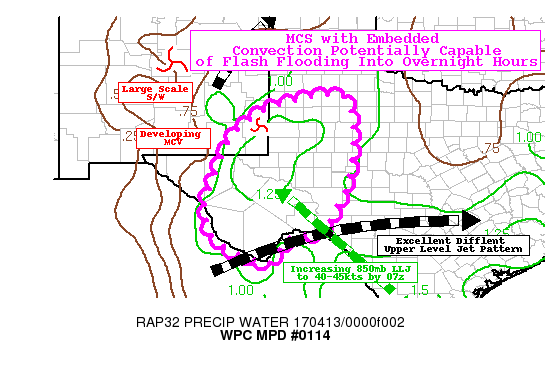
AREAS AFFECTED...WESTERN TX...EXTREME SOUTHEAST NM

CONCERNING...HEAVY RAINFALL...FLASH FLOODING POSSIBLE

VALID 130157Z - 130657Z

SUMMARY...CONGEALING OF MCS ACROSS TRANS-PECOS REGION OF TX/SE NM
WITH INCREASING CONVECTIVE COVERAGE AND RAINFALL EFFICIENCY POSING
POSSIBLE FLASH FLOODING THROUGH EARLY OVERNIGHT HOURS.

DISCUSSION...GOES-E/16 IR LOOP DENOTES INCREASING EXPANSION OF
LARGE MCS CANOPY WITH EMBEDDED OVERSHOOTING TOPS BEGINNING TO
ORIENT IN LINEAR FASHION ACROSS SE NM AND CENTRAL AND EASTERN
PORTIONS OF THE W TX PANHANDLE.  WV LOOP SHOWS THE EMBEDDED
SHORTWAVE THAT HAS BEEN SUPPORTING BROAD SCALE ASCENT DUE TO DPVA
WILL CONTINUE TO LIFT ENE INTO THE LOWER CAPROCK THROUGH THE NIGHT
AND PROVIDE BEST UPPER LEVEL ASCENT DYNAMICS FOR THE GROWING MCS
AS A WHOLE.  ADDITIONALLY...STRENGTHENING SOUTHERLY JET ENHANCED
TO 60-70KTS BY THE UPSCALE/CONVECTIVE GROWTH WILL LEAVE THE AREA
OF CONCERN IN THE RIGHT ENTRANCE ALLOWING FOR FURTHER UPPER LEVEL
EVACUATION ALONG WITH AROUND 50-70 DEGREES OF DIFFLUENCE BETWEEN
IT AND THE SUBTROPICAL JET ACROSS THE BIG BEND INTO CENTRAL TX
CURRENTLY.

IT IS EXPECTED THAT THE EVACUATION ALOFT WILL HELP ENHANCE THE LOW
LEVEL FLOW WITH RAP FORECASTS CONTINUING TO STRENGTHEN A COMPACT
SELY LLJ WITH FLOW TO 30KTS INITIALLY CRANKING TO 40-45KTS PEAK
NEAR 07-08Z.  THIS WILL INTERFACE WITH THE EXPANDING CONVECTIVE
LINE ACROSS THE SOUTHERN PECOS RIVER VALLEY WHERE THERE IS SOME
REMAINING INSTABILITY...THOUGH THIS COMBINATION IS LIKELY TO
SUPPORT FORWARD PROPAGATION AND MORE OF A SQUALL LINE...BUT WITH
INCREASE MST FLUX...INITIAL RATES OF 1.5-2"/HR FOLLOWED BY BROAD
SHIELD PRECIPITATION FOR AN HOUR OR TWO AFTERWARD MAY ALLOW FOR
TOTALS TO EXCEED THE LOWER FLASH FLOOD GUIDANCE IN THE VICINITY OF
THE LOWER PECOS TOWARD 04-07Z.

FURTHER NORTH...UNDER THE BEST DPVA AND DIFFLUENCE ALOFT ACROSS
THE LOWER CAPROCK TOWARD I-20 THERE SHOULD BE A MAINTENANCE OF THE
MCS BUT CURRENT LOW LEVEL ENVIRONMENT AND LESS STEEP LAPSE RATES
THERE IS LIMITED INSTABILITY SUGGESTIVE OF ONLY SMALL ISOLATED
ELEVATED CONVECTION WITHIN THE LARGER BROAD MODERATE SHIELD
PRECIPITATION. WITH HIGH FFG VALUES THE THREAT HERE IS MORE
LIMITED PARTICULARLY LATER IN THE EVENING/EARLY OVERNIGHT HOURS.
IN THE SHORT-TERM HOWEVER...ONGOING ACTIVE CONVECTION WITH WEAK
OVERSHOOTING TOP POKING THROUGH THE CIRRUS SHIELD PER GOES-16 MESO
VIS/IR...AND MEAN CELL MOTIONS TRACKING WITH THE SHORTWAVE...THERE
MAY BE SOME SHORT-TERM TRAINING AND CELL MERGERS ACROSS SE NM INTO
GAINES/ANDREWS/WINKLER AND ECTOR COUNTIES.

ACROSS THE DAVIS RANGE...THERE IS SOME SUGGESTION BY RECENT HRRR
RUNS AND SATELLITE TRENDS THAT THE TAIL END OF THE MCS/SQUALL LINE
WILL TRAIL BACK TOWARD UPSTREAM HEIGHT FALLS STILL PROGRESSING
ACROSS THE HIGHER PLATEAU OF N CHIHUAHUA...AND WITH SOUTHERLY FLOW
AND BEST REMAINING INSTABILITY...THESE CELLS MAY BE A BIT STRONGER
AND ORIENT MORE E-W ACROSS PRESIDIO/BREWSTER
COUNTIES...POTENTIALLY SETTING UP A TRAINING CORRIDOR.  WHILE THIS
IS OF THE LOWEST CONFIDENCE TO COME TO FRUITION...IT MAY ALSO POSE
THE GREATEST THREAT FOR FLASH FLOODING GIVEN TERRAIN/LOWER FFG
VALUES WITH RATES OVER 1.5"/HR.